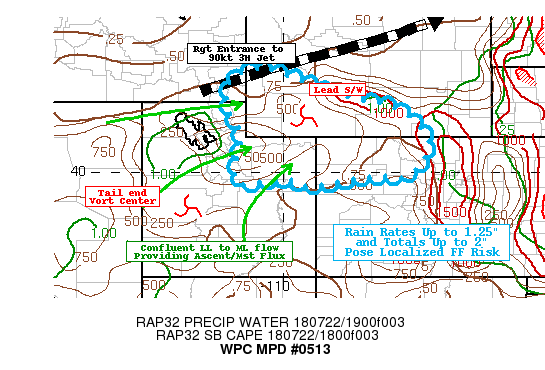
AREAS AFFECTED...SOUTHERN WY...NORTHWEST CO...EXT SOUTHEAST
ID....NORTHEAST UT...

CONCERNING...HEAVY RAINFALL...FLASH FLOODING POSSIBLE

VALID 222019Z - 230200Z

SUMMARY...DEEP MOISTURE SLUG CROSSING OROGRAPHICS TOWARD BETTER
INSTABILITY WILL INCREASE CONVECTIVE RAINFALL EFFICIENCY AND POSE
POSSIBLE FLASH FLOODING THIS AFTERNOON INTO EVENING.

DISCUSSION...GOES-16 WV SUITE DEPICT AN ELONGATING/SHEARING VORT
CENTER(S) ROUNDING THE NORTHWEST EDGE OF THE SYNOPTIC RIDGE
CENTERED IN NM AS IT EXPANDS TO THE WEST. CIRA LAYERED PW AND
OVERALL BLENDED TPW LOOPS SHOW A SLUG OF DEEPER MOISTURE LAGGING
THE LEADING SHORTWAVE HEIGHT-FALLS BUT AHEAD OF THE TAIL END OF
THE SHEAR AXIS ACROSS NE NV INTO NORTHERN AND CENTRAL UT. FROM
THIS SLUG OF MOISTURE THERE IS MEAN CONFLUENT FLOW MID-LEVEL FLOW
ASCENDING INTO THE RIGHT ENTRANCE REGION OF THE EXITING 90KT JET
OVER NE MT ATTM.  AS SUCH, STRENGTHENED OROGPRAHIC ASCENT ACROSS
THE CARIBOU AND MONTE CRISTO RANGES OF SE ID/N UT IN THE
CONFLUENCE AND SOME MODERATE MID-LEVEL LAPSE RATES/MUCAPES HAVE
SPARKED A BROAD AREA OF CBS SEEN IN VISIBLE IMAGERY EXPANDING INTO
SW WY.  THE FOCUS WILL SLOWLY SHIFT SOUTHEAST AND BEGIN TO SUPPORT
DEVELOPMENT ACROSS THE UNITA RANGE AS WELL AND GIVEN PERSISTENT
LOW LEVEL MST FLUX FROM SWLY FLOW OUT OF SW UT...BACKBUILDING OR
UPSTREAM REDEVELOPMENT IS ALSO EXPECTED TO HELP ADD TO THE THREAT
OF LOCALIZED FLASH FLOODING.

TOTAL PWS NEARING 1" ARE EXPECTED TO EXCEED 1" TOWARD
00Z...ALLOWING FOR MORE EFFICIENT RAINFALL. UPSTREAM CLEARING
ACROSS NW CO/SOUTH CENTRAL WY WILL CONTINUE TO SUPPORT AND
INCREASE OF INSTABILTY IN ADVANCE OF THE MAIN FORCING TO HELP
STRENGTHEN THE UPDRAFTS AND INCREASE RAINFALL EFFICIENCY FROM
.75"/HR TO 1-1.25"/HR WHICH IS IN THE VICINITY OF 1HR FFG VALUES
SUGGESTING FLASH FLOODING IS POSSIBLE THIS AFTERNOON INTO EVENING.